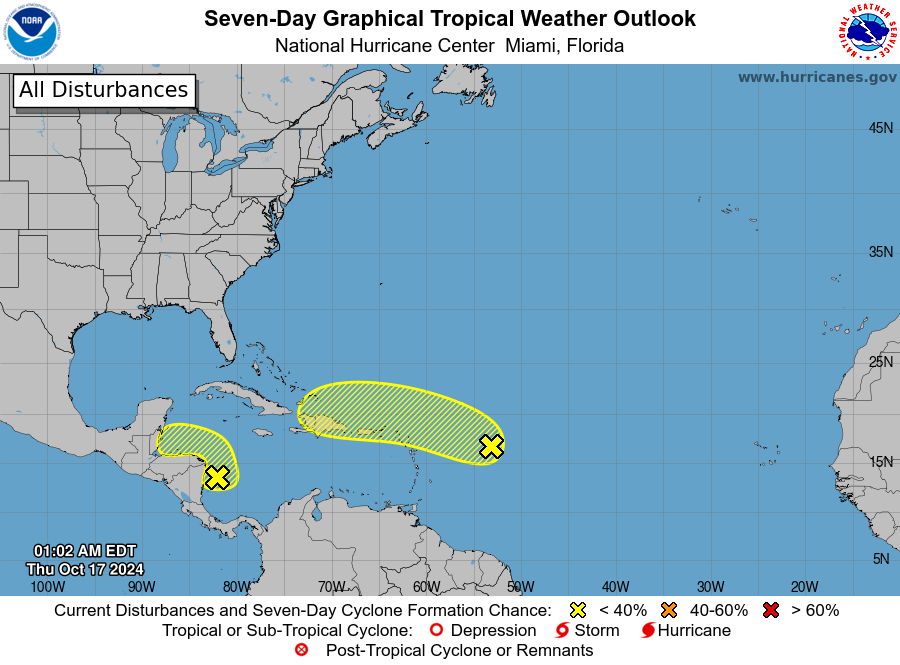
For the North Atlantic...Caribbean Sea and the Gulf of Mexico:

1. East of the Leeward Islands (AL94): Showers and thunderstorms associated with a trough of low pressure located several hundred miles east of the Leeward Islands remain disorganized. Environmental conditions appear only marginally conducive for slow development as the disturbance moves quickly westward to west-northwestward around 20 mph, passing near the Virgin Islands and Puerto Rico on Friday, then near the Greater Antilles over the weekend.
* Formation chance through 48 hours...low...20 percent.
* Formation chance through 7 days...low...30 percent.

2. Western Caribbean Sea: Showers and thunderstorms over the southwestern Caribbean Sea are associated with a broad area of low pressure. Some gradual development is possible over the next couple of days if the system stays over water while it moves slowly northwestward toward Central America. Regardless of development, locally heavy rainfall is possible across portions of Central America and southern Mexico late this week and into the weekend.
* Formation chance through 48 hours...low...20 percent.
* Formation chance through 7 days...low...20 percent.

Forecaster Hagen